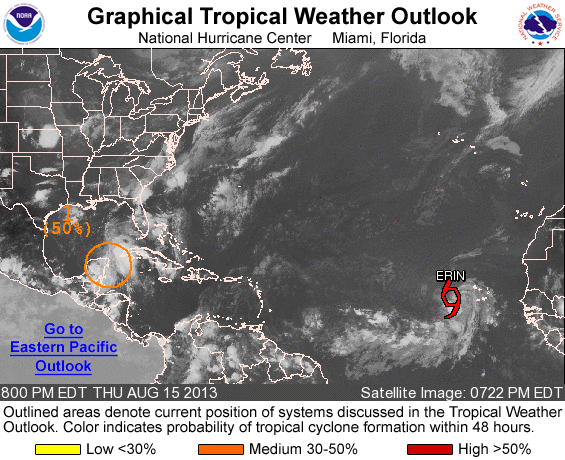
FOR THE NORTH ATLANTIC...CARIBBEAN SEA AND THE GULF OF MEXICO...

THE NATIONAL HURRICANE CENTER IS ISSUING ADVISORIES ON TROPICAL STORM ERIN...LOCATED WEST-SOUTHWEST OF THE SOUTHERNMOST CAPE VERDE ISLANDS.

1. A BROAD LOW PRESSURE SYSTEM...ACCOMPANIED BY A LARGE AREA OF DISORGANIZED CLOUDINESS AND SHOWERS...IS LOCATED OVER THE CENTRAL YUCATAN PENINSULA. LITTLE OR NO DEVELOPMENT OF THE LOW IS EXPECTED WHILE IT REMAINS OVER LAND TONIGHT...BUT THERE IS STILL POTENTIAL FOR DEVELOPMENT ONCE THE DISTURBANCE MOVES OVER THE GULF OF MEXICO ON FRIDAY. AFTER THAT TIME...THE LOW IS FORECAST TO MOVE TOWARD THE CENTRAL GULF OF MEXICO WHERE UPPER-LEVEL WINDS WOULD ONLY FAVOR SLOW DEVELOPMENT...IF ANY. THIS SYSTEM HAS A MEDIUM CHANCE...50 PERCENT...OF BECOMING A TROPICAL CYCLONE DURING THE NEXT 48 HOURS...AND A HIGH CHANCE...60 PERCENT...OF BECOMING A TROPICAL CYCLONE DURING THE NEXT 5 DAYS. AN AIR FORCE RESERVE RECONNAISSANCE AIRCRAFT IS SCHEDULED TO INVESTIGATE THE DISTURBANCE ON FRIDAY... IF NECESSARY.

FIVE-DAY FORMATION PROBABILITIES ARE EXPERIMENTAL IN 2013. COMMENTS ON THE EXPERIMENTAL FORECASTS CAN BE PROVIDED AT...

HTTP://WWW.NWS.NOAA.GOV/SURVEY/NWS-SURVEY.PHP?CODE=ETWO

FORECASTER STEWART